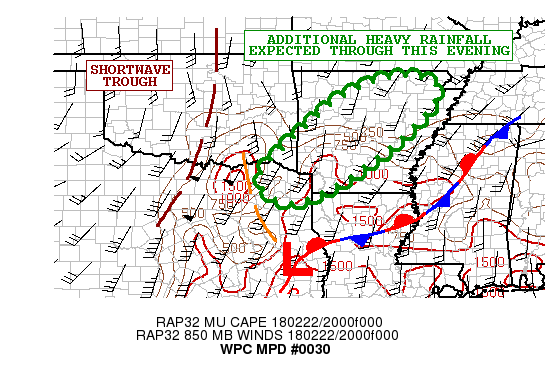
AREAS AFFECTED...FAR NORTHEAST TX...FAR SOUTHEAST OK...SOUTHWEST
TO NORTHEAST AR

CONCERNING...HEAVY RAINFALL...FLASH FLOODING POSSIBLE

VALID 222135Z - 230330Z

SUMMARY...ADDITIONAL HEAVY RAINFALL WITH CONCERNS FOR RUNOFF
AND/OR FLASH FLOODING WILL CONTINUE WELL THROUGH THE EVENING HOURS.

DISCUSSION...THE LATEST GOES-16 IR SATELLITE IMAGERY SHOWS
NUMEROUS CLUSTERS OF COLD-TOPPED CONVECTION WHICH IS ELEVATED IN
NATURE UP ACROSS A LARGE AREA OF CENTRAL AND WESTERN AR AND
EXTENDING DOWN ACROSS FAR SOUTHEAST OK AND TO A LESSER EXTENT FAR
NORTHEAST TX. THE CONVECTION CONTINUES TO BE FOCUSING ALONG THE
LEADING EDGE OF A SURGE OF STRONGER WARM AIR ADVECTION AHEAD OF A
SHORTWAVE TROUGH LIFTING NORTHEAST ACROSS THE CENTRAL AND SOUTHERN
PLAINS.

STRONGER MOISTURE AND INSTABILITY TRANSPORT...WITH AN AXIS OF 1.3
TO 1.5 INCH PWATS AND MUCAPE VALUES OF 500 TO 1000 J/KG CONTINUES
TO LIFT NORTHEAST AHEAD OF THE SHORTWAVE WITH THE HELP OF A
SOUTHWEST LOW LEVEL JET OF 40 TO 45 KTS. ALL OF THIS IS WELL NORTH
OF A STATIONARY FRONT AND WAVE OF LOW PRESSURE SITUATED DOWN
ACROSS SOUTHEAST TX...BUT SUFFICIENT LARGE SCALE FORCING AHEAD OF
THE SHORTWAVE AND THERMODYNAMICS ARE IN PLACE TO MAINTAIN THE
CONVECTIVE THREAT MOVING INTO THE EVENING HOURS.

THE LATEST CAM GUIDANCE LED BY THE 12Z ARW/ARW2 SOLUTIONS AND THE
12Z GEM REGIONAL APPEAR TO HAVE A REASONABLY GOOD HANDLE OF THE
LATEST CONVECTIVE TRENDS AND SUPPORT THE IDEA OF ADDITIONAL
CONVECTION DEVELOPING IN A GENERAL SW/NE ORIENTATION GOING THROUGH
THE MID-EVENING HOURS AS UPPER LEVEL FORCING STRENGTHENS FURTHER
WHILE ALSO INTERACTING WITH A CORRIDOR OF FOCUSED LOW LEVEL
MOISTURE CONVERGENCE AND ELEVATED INSTABILITY. GLOBAL MODELS
INCLUDING THE 12Z ECMWF AND 12Z UKMET ALSO FAVOR THIS SCENARIO.

RAINFALL RATES CONTINUE TO BE RANGING AS HIGH AS 1 TO 1.25
INCHES/HR WITH THE STRONGER CONVECTIVE CORES...AND THESE RATES
SHOULD TEND TO CONTINUE AS ADDITIONAL CONVECTION DEVELOPS AND
ORGANIZES. THE AFOREMENTIONED CAM GUIDANCE SUPPORTS ANOTHER 1.5 TO
2 INCHES GOING THROUGH ABOUT 03Z...WHICH MAY LOCALLY BE UNDERDONE
WHERE STRONGER CONVECTIVE ELEMENTS CAN REPEAT OVER THE SAME AREA.
GIVEN THE SATURATED SOIL CONDITIONS...THESE ADDITIONAL RAINS WILL
ONLY AGGRAVATE RUNOFF CONCERNS AND MAY PRODUCE ADDITIONAL FLASH
FLOODING CONCERNS.